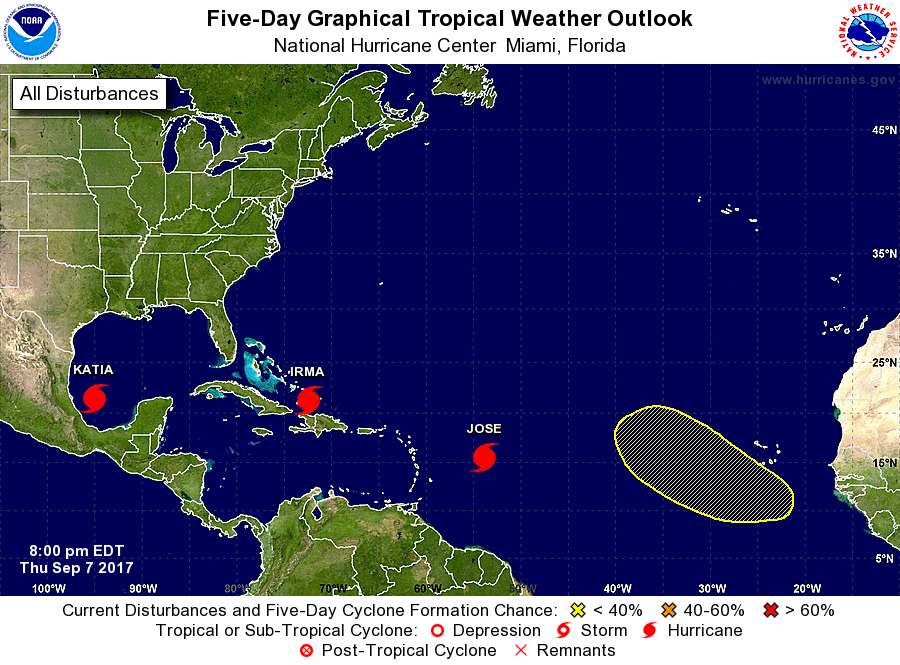
For the North Atlantic...Caribbean Sea and the Gulf of Mexico:

The National Hurricane Center is issuing advisories on Hurricane Irma, located near the Turks and Caicos Islands, on Hurricane Jose, located over the central Atlantic Ocean, and on Hurricane Katia, located over the southwestern Gulf of Mexico.

1. A tropical wave is expected to emerge off the coast of Africa in approximately two days. Environmental conditions may be favorable for the development of this system as it progresses west-northwestward over the eastern Atlantic Ocean early next week.
* Formation chance through 48 hours...low...near 0 percent.
* Formation chance through 5 days...low...20 percent.

Forecaster Cangialosi/Onderlinde